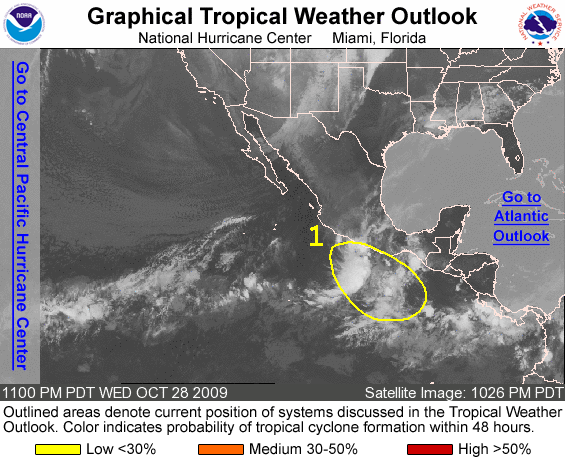
FOR THE EASTERN NORTH PACIFIC...EAST OF 140 DEGREES WEST LONGITUDE..

1. DISORGANIZED SHOWERS AND THUNDERSTORMS ASSOCIATED WITH A BROAD TROUGH OF LOW PRESSURE EXTEND FROM THE COAST OF MEXICO NEAR ACAPULCO SOUTHEASTWARD FOR SEVERAL HUNDRED MILES. SLOW DEVELOPMENT OF THIS SYSTEM IS POSSIBLE OVER THE NEXT COUPLE OF DAYS AS IT REMAINS NEARLY STATIONARY. THERE IS A LOW CHANCE...LESS THAN 30 PERCENT...OF THIS SYSTEM BECOMING A TROPICAL CYCLONE DURING THE NEXT 48 HOURS.

ELSEWHERE...TROPICAL CYCLONE FORMATION IS NOT EXPECTED DURING THE NEXT 48 HOURS.

FORECASTER BEVEN